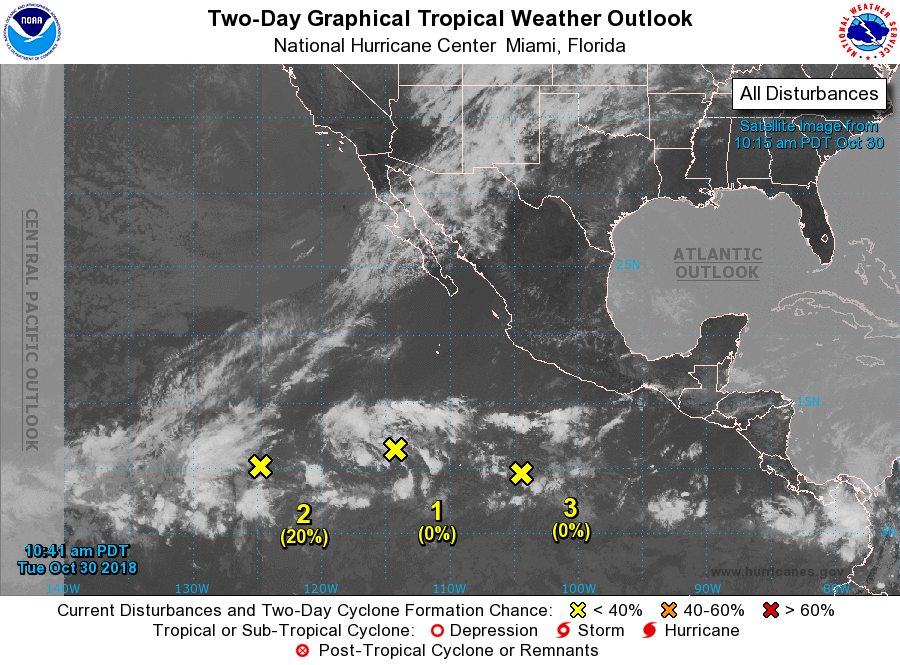
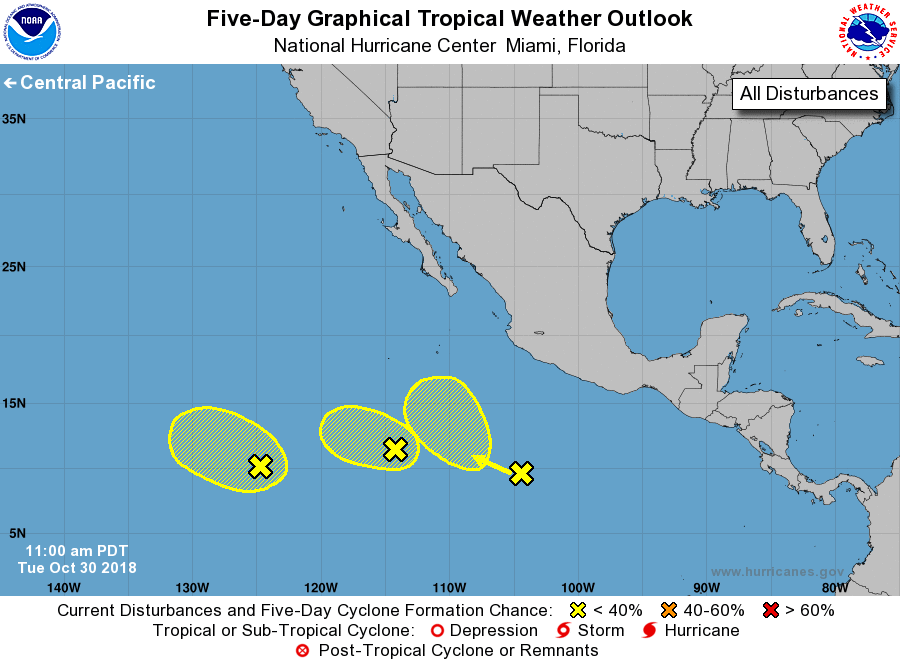
For the eastern North Pacific...east of 140 degrees west longitude:

1. A weak area of low pressure located about 800 miles south-southwest of the southern tip of the Baja California peninsula is producing disorganized showers and thunderstorms. Development of this system, if any, is likely to be slow to occur while it moves westward or west-northwestward at about 10 mph.
* Formation chance through 48 hours...low...near 0 percent.
* Formation chance through 5 days...low...10 percent.

2. An elongated area of low pressure is producing showers and thunderstorms over a broad area about 1200 miles southwest of the southern tip of the Baja California peninsula. Some slow development of this system is possible over the next few days while the disturbance moves toward the west or west-northwest at 5 to 10 mph.
* Formation chance through 48 hours...low...20 percent.
* Formation chance through 5 days...low...30 percent.

3. A third area of disturbed weather is located several hundred miles south-southwest of Acapulco, Mexico. Environmental conditions are forecast to support gradual development of this system through the weekend while it moves west-northwestward at about 10 mph.
* Formation chance through 48 hours...low...near 0 percent.
* Formation chance through 5 days...low...30 percent.

Forecaster Zelinsky